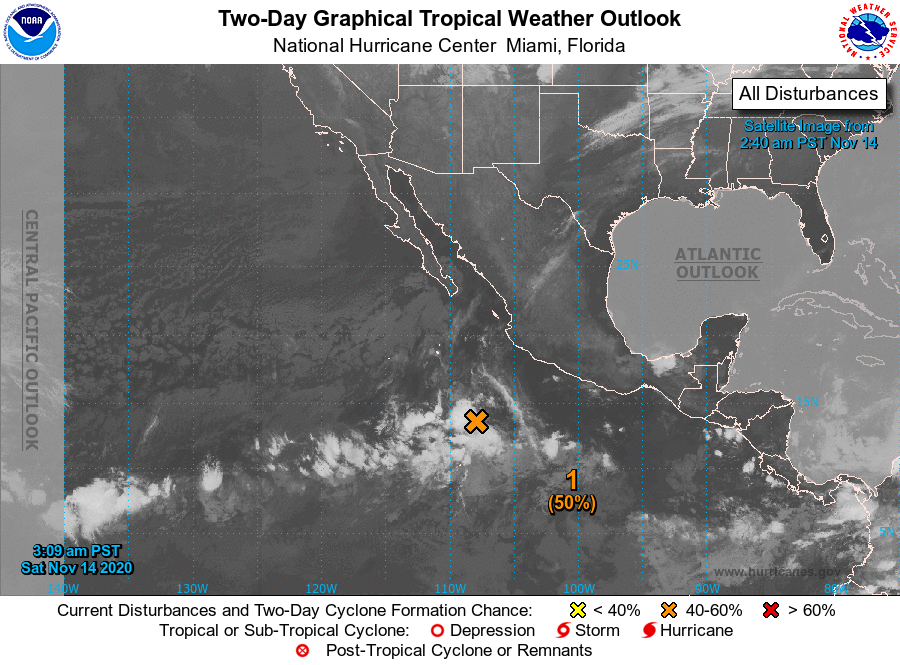
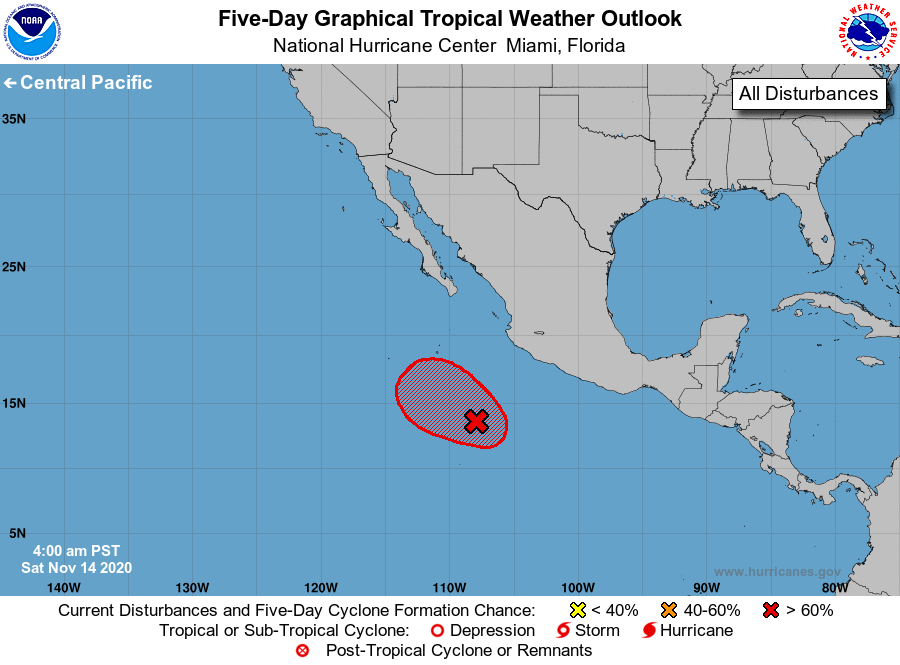
For the eastern North Pacific...east of 140 degrees west longitude:

1. Shower and thunderstorm activity has changed little in organization overnight in association with a broad area of low pressure located several hundred miles southwest of the coast of southern Mexico. Environmental conditions appear conducive for gradual development, and a tropical depression is likely to form late this weekend or early next week as the system moves slowly west-northwestward or northwestward away from the coast of Mexico.
* Formation chance through 48 hours...medium...50 percent.
* Formation chance through 5 days...high...70 percent.

Forecaster Latto